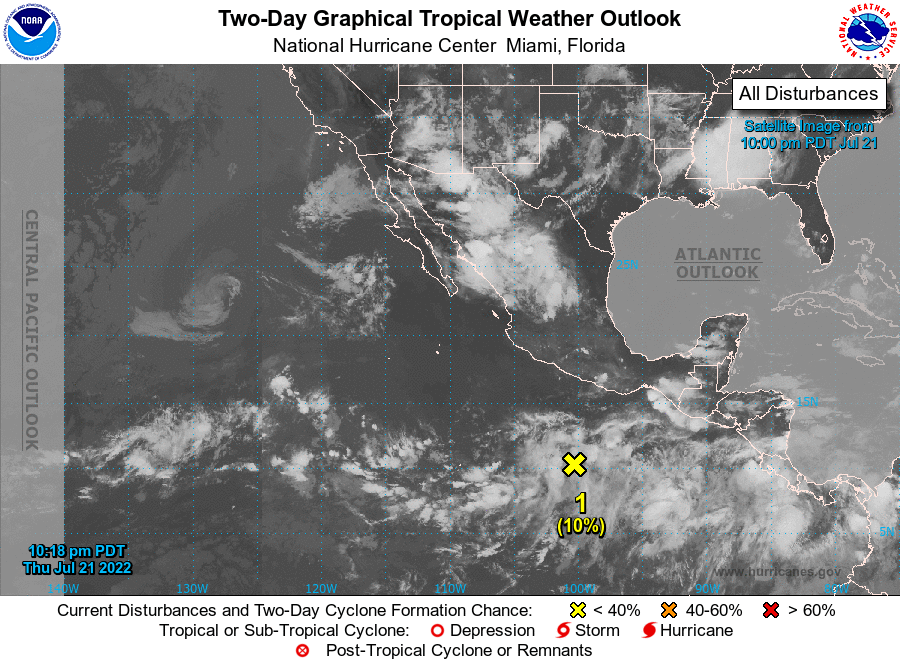
For the eastern North Pacific...east of 140 degrees west longitude:

1. Offshore of Southern Mexico: A large area of disorganized showers and thunderstorms located several hundred miles offshore of southern Mexico is associated with an elongated trough of low pressure. Any additional development of this system is expected to be slow to occur as it moves slowly westward or west-northwestward at 5 to 10 mph through early next week.
* Formation chance through 48 hours...low...10 percent.
* Formation chance through 5 days...low...20 percent.

2. Offshore of Central America and Southern Mexico: An area of low pressure is forecast to develop in a few days several hundred miles offshore of the coasts of El Salvador, Guatemala, and southern Mexico. Some gradual development of this system is possible thereafter while the system moves generally westward at 10 to 15 mph through early next week.
* Formation chance through 48 hours...low...near 0 percent.
* Formation chance through 5 days...low...20 percent.

Forecaster Papin